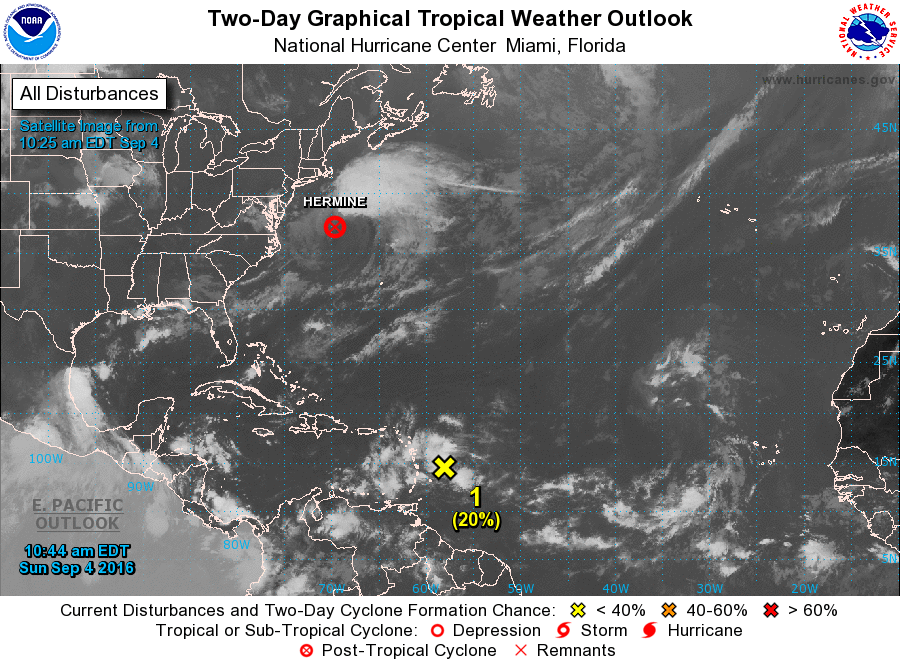
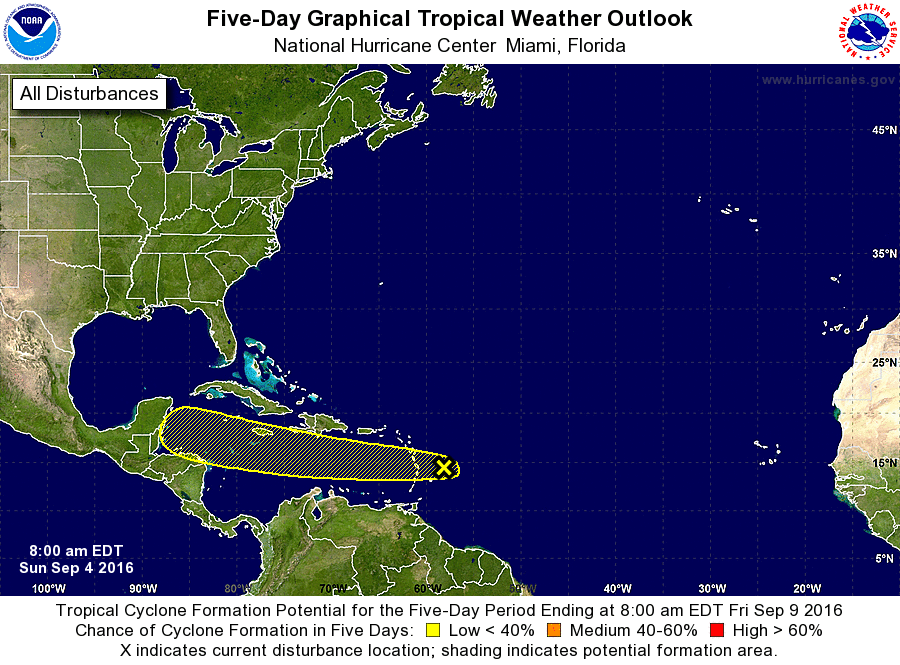
For the North Atlantic...Caribbean Sea and the Gulf of Mexico:

The National Hurricane Center is issuing advisories on Post-Tropical Cyclone Hermine, located off of the mid-Atlantic coast of the United States.

1. A tropical wave located just east of the Lesser Antilles is producing a large area of cloudiness and showers and winds to near tropical storm force. Upper-level winds are not expected to be conducive for significant development of this disturbance while it moves westward at 15 to 20 mph through the Caribbean Sea this week. Regardless of whether or not development occurs, this wave will produce locally heavy rainfall and gusty winds over portions of the Lesser Antilles through early Monday.
* Formation chance through 48 hours...low...20 percent
* Formation chance through 5 days...low...30 percent

Forecaster Cangialosi